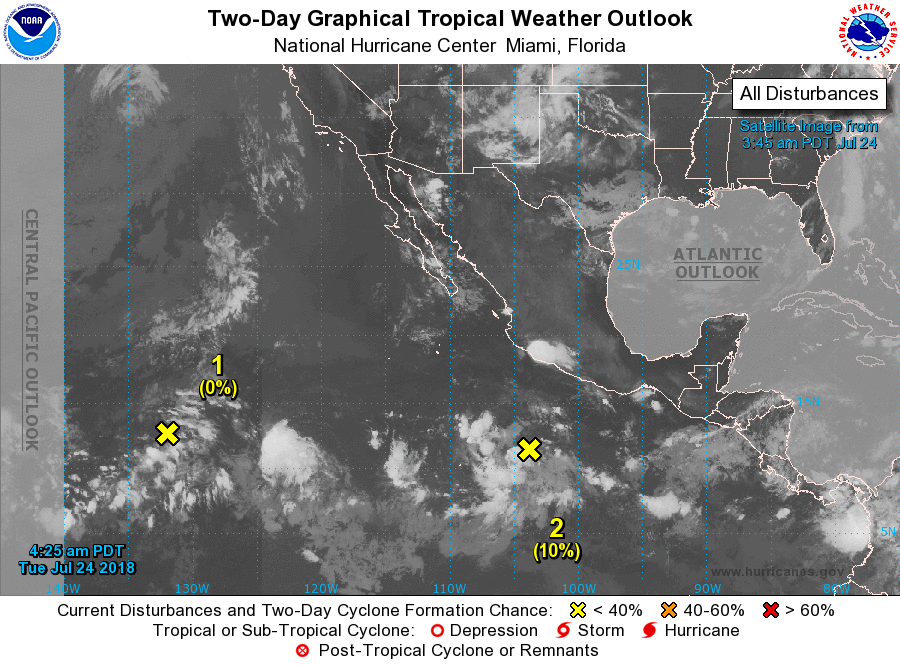
For the eastern North Pacific...east of 140 degrees west longitude:

1. Shower activity associated with a small low pressure area located more than 1700 miles southwest of the southern tip of the Baja California Peninsula has decreased and tropical cyclone formation is no longer anticipated. The system most likely will degenerate into a trough of low pressure and move into the Central Pacific basin in a day or so.
* Formation chance through 48 hours...low...near 0 percent.
* Formation chance through 5 days...low...near 0 percent.

2. Although the shower activity associated with a weak low pressure area located several hundred miles south of Manzanillo, Mexico has increased some in organization this morning, no significant development is expected during the next day or two. However, conditions could become a little more favorable for tropical cyclone formation by this weekend while the system moves toward the west or west-northwest away from the coast of Mexico.
* Formation chance through 48 hours...low...10 percent.
* Formation chance through 5 days...low...30 percent.

Forecaster Avila